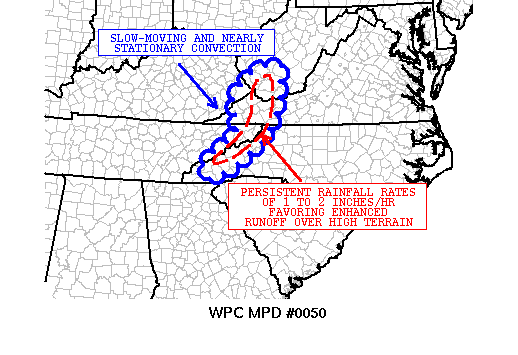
AREAS AFFECTED...EXTREME WESTERN NC...EXTREME EASTERN
TN...SOUTHWEST VA...SOUTHERN WV...EXTREME EASTERN KY

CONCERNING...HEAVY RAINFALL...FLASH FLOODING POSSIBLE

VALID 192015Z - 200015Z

SUMMARY...SLOW-MOVING AND/OR STATIONARY COLD TOPPED CONVECTION
OVER THE HIGHER TERRAIN OF THE SOUTH-CENTRAL APPALACHIANS WILL
FAVOR INTENSE RAINFALL RATES WITH RAPID RUNOFF CONDITIONS POSSIBLE.

DISCUSSION...LATEST IR/VIS SAT IMAGERY SHOWS VERY SLOW-MOVING AND
LOCALLY STATIONARY CLUSTERS OF COLD TOPPED CONVECTION OVER THE
HIGHER TERRAIN OF WRN NC AND EXTREME ERN TN...WITH AN AXIS THEN
EXPANDING NORTH INTO SWRN VA AND FAR SRN WV. CLOUD TOPS HAVE BEEN
COOLING THE LAST COUPLE OF HOURS AS DIURNAL HEATING BECOMES
MAXIMIZED. THIS COUPLED WITH OROGRAPHIC LIFT...WEAK STEERING
CURRENTS AND RELATIVELY STEEP MID LEVEL LAPSE RATES ASSOCIATED
WITH A MID LEVEL TROUGH OVER THE REGION WILL FAVOR THE CURRENT
CONVECTION AT LEAST BEING SUSTAINABLE FOR THE NEXT 3 TO 4 HOURS.
ALTHOUGH...EXPECT THE CONVECTION TO BE WANING TOWARD SUNSET AS
SFC-BASED INSTABILITY IS OVERTURNED. THE SLOW-MOVEMENT AND LOCALLY
STATIONARY MOVEMENT OF THE CONVECTIVE CELLS THE NEXT FEW HOURS
WILL BE SUPPORTIVE OF RAINFALL RATES OF 1 TO 2 INCHES/HR...BUT
OVER HIGHER TERRAIN THIS MAY LEAD TO LOCALLY INTENSE RUNOFF
PROBLEMS AND RESULT IN FLASH FLOODING...ESP IF CELLS PERSIST FOR
ONLY A COUPLE OF HOURS.